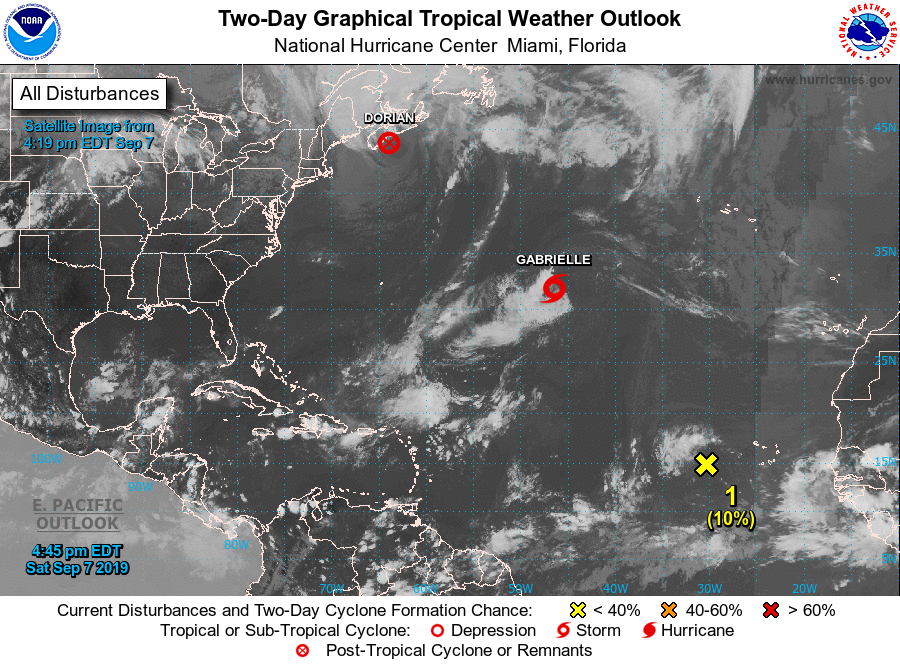
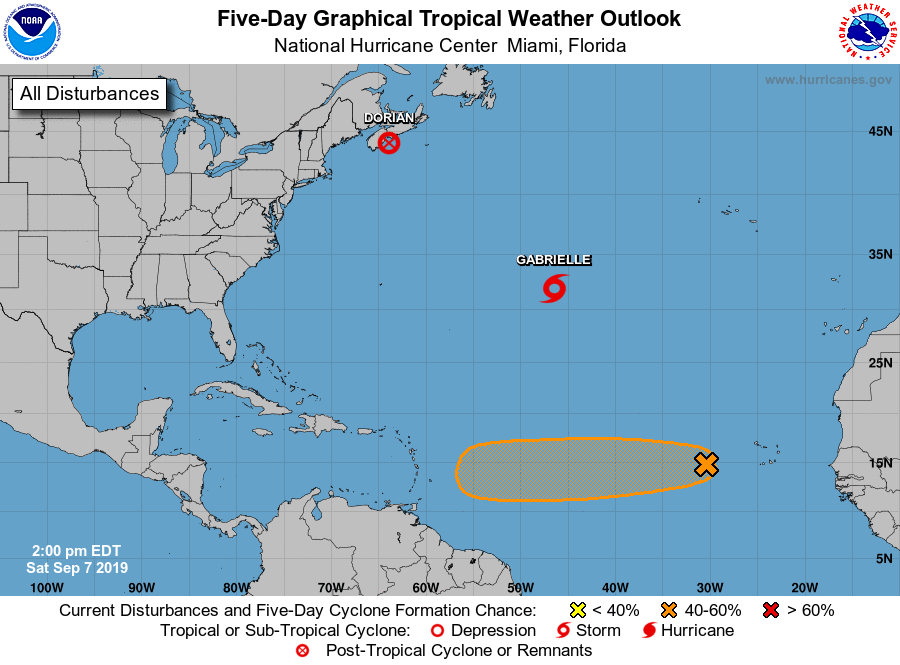
For the North Atlantic...Caribbean Sea and the Gulf of Mexico:

The National Hurricane Center is issuing advisories on Hurricane Dorian, located offshore of the coast of Nova Scotia, and on Tropical Storm Gabrielle, located about 1100 miles west-southwest of the Azores.

1. A broad area of low pressure associated with a tropical wave is producing disorganized showers and thunderstorms several hundred miles west of the Cabo Verde Islands. Gradual development of this system is possible, and a tropical depression could form by the middle of next week while the system moves westward across the eastern and central tropical Atlantic Ocean.
* Formation chance through 48 hours...low...10 percent.
* Formation chance through 5 days...medium...50 percent.

Forecaster Beven